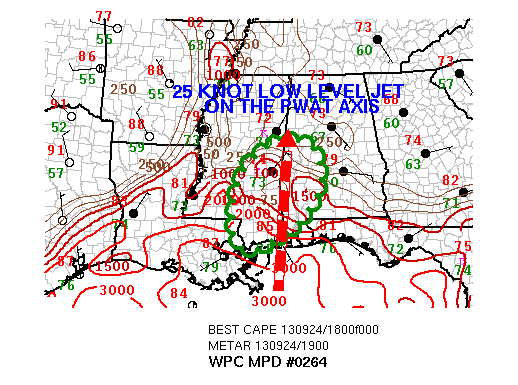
AREAS AFFECTED......SOUTHERN MS AND SOUTHWEST AL...

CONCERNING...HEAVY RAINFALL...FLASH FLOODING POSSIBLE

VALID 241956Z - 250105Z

SUMMARY...CONVECTION AHEAD OF A SURFACE TROUGH ACROSS SOUTHEAST MS
WILL MOVE INTO SOUTHWEST AL DURING THE LATE AFTERNOON AND EARLY
EVENING HOURS. HIGH RAINFALL RATES COULD RESULT IN POSSIBLE FLASH
FLOODING ACROSS THE AREA INTO EARLY EVENING.

DISCUSSION...CELLS IN THE SOUTHERLY FLOW CONTINUE TO MERGE WITH
THE CONVECTIVE LINE MOVING INTO SOUTHEAST MS LATE THIS AFTERNOON.
SATELLITE IMAGES SHOW THAT TOPS ARE AGAIN COOLING ACROSS SOUTHEAST
MS AHEAD OF A SHORT WAVE LOCATED OVER EASTERN AR. THE CELLS
FEEDING INTO THE SOUTHERN END OF THE LINE ARE FORMING ON THE PWAT
AXIS (NEAR 2.10 INCHES...WHICH IS AROUND TWO STANDARD DEVIATIONS
ABOVE NORMAL)IN THE 20 TO 25 KNOT 850 MB FLOW.

THE INFLUX OF MOISTURE WILL CONTINUE TO SUPPORT RAINFALL RATES
BETWEEN 1 AND 2 INCHES ACROSS PORTIONS OF SOUTHERN MS AND
SOUTHWEST AL THROUGH AT LEAST 23Z. THE LATEST HRRR AND RAP SHOW
SIMILAR VALUES...WITH AS MUCH AS 2 OR 3 INCHES OF RAIN IN THREE
HOURS ENDING AT 00Z. THESE RAINFALL AMOUNTS ARE NEAR THE BOTTOM
END OF THE ONE AND THREE HOUR FLASH FLOOD GUIDANCE NUMBERS...WHICH
COULD IN TURN RESULT IN POSSIBLE FLASH FLOODING.